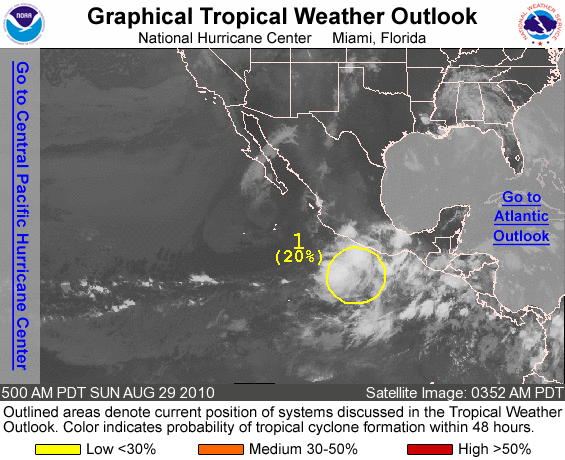
FOR THE EASTERN NORTH PACIFIC...EAST OF 140 DEGREES WEST LONGITUDE..

1. NUMEROUS SHOWERS AND THUNDERSTORMS ARE ASSOCIATED WITH A BROAD AREA OF LOW PRESSURE CENTERED SEVERAL HUNDRED MILES SOUTH OF ACAPULCO MEXICO. DEVELOPMENT...IF ANY...OF THIS SYSTEM IS EXPECTED TO BE SLOW TO OCCUR AS IT MOVES WEST-NORTHWESTWARD AT AROUND 10 MPH. THERE IS A LOW CHANCE...20 PERCENT...OF THIS SYSTEM BECOMING A TROPICAL CYCLONE DURING THE NEXT 48 HOURS.

ELSEWHERE...TROPICAL CYCLONE FORMATION IS NOT EXPECTED DURING THE NEXT 48 HOURS.

FORECASTER LANDSEA/BERG